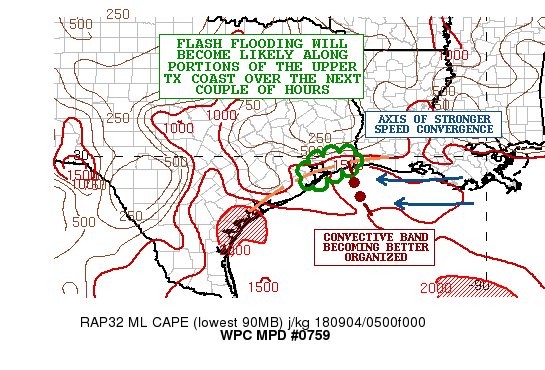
Areas affected...Southeast TX

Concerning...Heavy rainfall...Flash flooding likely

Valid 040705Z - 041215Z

Summary...A cluster of heavy showers and thunderstorms will be
arriving in off the Gulf of Mexico over the next couple of hours
with very heavy rainfall rates. Given the very heavy rainfall over
the last 24 hours, flash flooding will be likely.

Discussion...Cooling convective tops are seen evolving offshore of
the upper TX coast as showers and thunderstorms approach within a
low to mid level southeast flow regime. The activity is seen
developing in within an axis of slightly stronger low level speed
convergence that is shifting off to the west-northwest across the
northwest Gulf of Mexico, but also within a moderately unstable
and very moist environment. In fact, MLCAPE values are on the
order of 1500 to 2000 j/kg and PWATS running in excess of 2.25
inches along and just offshore of the coast.

This convective band is expected to move across the upper TX coast
over the next 1 to 2 hours and become a bit better organized as it
interacts with a surface trough along the coast. The additional
rainfall will occur areas that have seen in excess of 4 to 8
inches of rain over the last 24 hours which will greatly enhance
the concerns for additional runoff problems and flash flooding.
This will include areas from Beaumont/Port-Arthur down to
especially the Galveston area.

The additional rainfall based on the latest satellite trends and
HRRR output is expected to be as much as 3 to 4 inches locally,
and much of this will be a result of enhanced rainfall rates and
concerns for at least some brief training of cells. Flash flooding
will be considered likely given the saturated soil conditions.
Will continue to monitor.